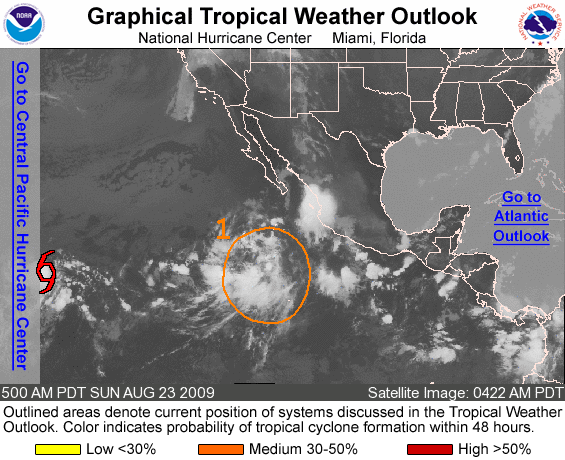
FOR THE EASTERN NORTH PACIFIC...EAST OF 140 DEGREES WEST LONGITUDE..

THE NATIONAL HURRICANE CENTER IS ISSUING ADVISORIES ON TROPICAL STORM HILDA...LOCATED ABOUT 1125 MILES EAST-SOUTHEAST OF HILO HAWAII.

1. A TROPICAL WAVE LOCATED SEVERAL HUNDRED MILES SOUTHWEST OF MANZANILLO MEXICO IS PRODUCING A LARGE AREA OF DISORGANIZED SHOWERS AND THUNDERSTORMS. CONDITIONS APPEAR FAVORABLE FOR SLOW DEVELOPMENT OF THIS SYSTEM DURING THE NEXT COUPLE DAYS AS IT MOVES TOWARD THE WEST-NORTHWEST AT 10 TO 15 MPH. THERE IS A MEDIUM CHANCE...30 TO 50 PERCENT...OF THIS SYSTEM BECOMING A TROPICAL CYCLONE DURING THE NEXT 48 HOURS.

ELSEWHERE...TROPICAL CYCLONE FORMATION IS NOT EXPECTED DURING THE NEXT 48 HOURS.

PUBLIC ADVISORIES ON HILDA ARE ISSUED UNDER WMO HEADER WTPZ31 KNHC AND UNDER AWIPS HEADER MIATCPEP1. FORECAST/ADVISORIES ARE ISSUED UNDER WMO HEADER WTPZ21 KNHC AND UNDER AWIPS HEADER MIATCMEP1.

FORECASTER KIMBERLAIN/PASCH